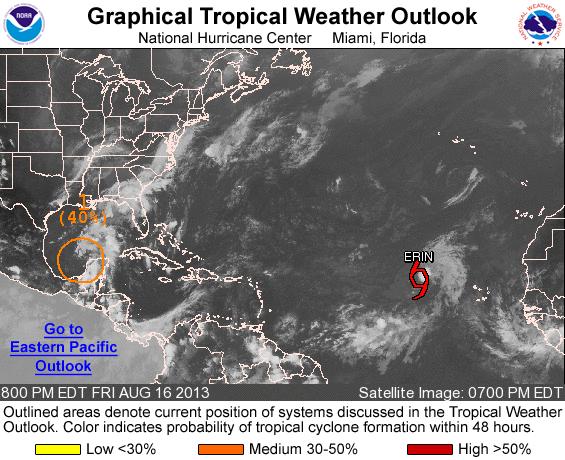
FOR THE NORTH ATLANTIC...CARIBBEAN SEA AND THE GULF OF MEXICO...

THE NATIONAL HURRICANE CENTER IS ISSUING ADVISORIES ON TROPICAL DEPRESSION ERIN...LOCATED WEST-NORTHWEST OF THE CAPE VERDE ISLANDS.

1. AN AREA OF LOW PRESSURE IS LOCATED OVER THE SOUTHWESTERN GULF OF MEXICO ABOUT 110 MILES NORTHWEST OF CAMPECHE MEXICO. THIS SYSTEM REMAINS POORLY ORGANIZED WITH ANY ASSOCIATED SHOWER AND THUNDERSTORM ACTIVITY LOCATED WELL TO THE EAST AND NORTHEAST OF THE LOW CENTER. ENVIRONMENTAL CONDITIONS COULD BECOME SOMEWHAT MORE FAVORABLE FOR DEVELOPMENT WHILE THE LOW GENERALLY MOVES TOWARD THE WEST-NORTHWEST OVER THE NEXT COUPLE OF DAYS. INTERESTS IN THE CENTRAL AND WESTERN GULF OF MEXICO SHOULD MONITOR THE PROGRESS OF THE SYSTEM THROUGH THE WEEKEND. THIS SYSTEM HAS A MEDIUM CHANCE...40 PERCENT...OF BECOMING A TROPICAL CYCLONE DURING THE NEXT 48 HOURS...AND A MEDIUM CHANCE...50 PERCENT...OF BECOMING A TROPICAL CYCLONE DURING THE NEXT 5 DAYS.

FIVE-DAY FORMATION PROBABILITIES ARE EXPERIMENTAL IN 2013. COMMENTS ON THE EXPERIMENTAL FORECASTS CAN BE PROVIDED AT...

HTTP://WWW.NWS.NOAA.GOV/SURVEY/NWS-SURVEY.PHP?CODE=ETWO

FORECASTER BLAKE